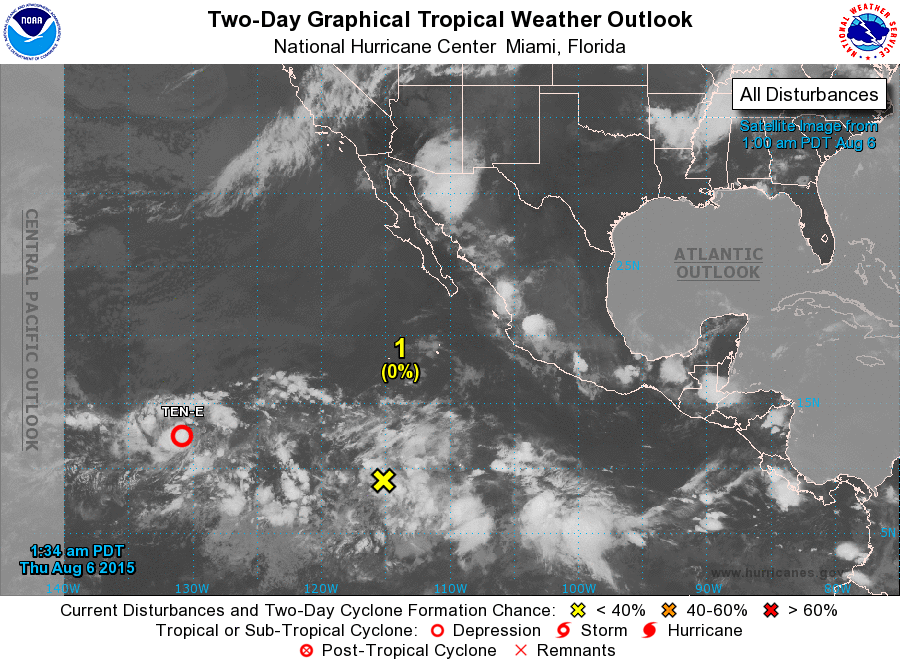
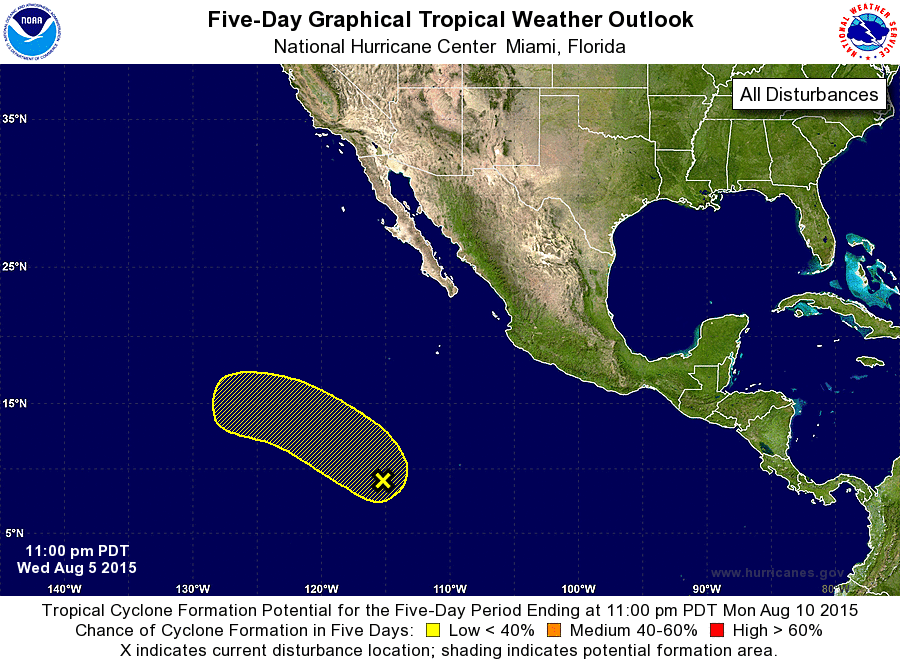
For the eastern North Pacific...east of 140 degrees west longitude:

The National Hurricane Center is issuing advisories on newly formed Tropical Depression Ten-E, located several hundred miles west-southwest of the southern tip of the Baja California peninsula.

1. A tropical wave located more than 1000 miles south-southwest of the southern tip of the Baja California peninsula is producing a large area of disorganized cloudiness and showers. Environmental conditions are forecast to be conducive for gradual development of this disturbance during the next several days while it moves west-northwestward at 10 to 15 mph.
* Formation chance through 48 hours...low...near 0 percent
* Formation chance through 5 days...low...20 percent

Public Advisories on Tropical Depression Ten-E are issued under WMO header WTPZ35 KNHC and under AWIPS header MIATCPEP5. Forecast/Advisories on Tropical Depression Ten-E are issued under WMO header WTPZ25 KNHC and under AWIPS header MIATCMEP5.

Forecaster Stewart